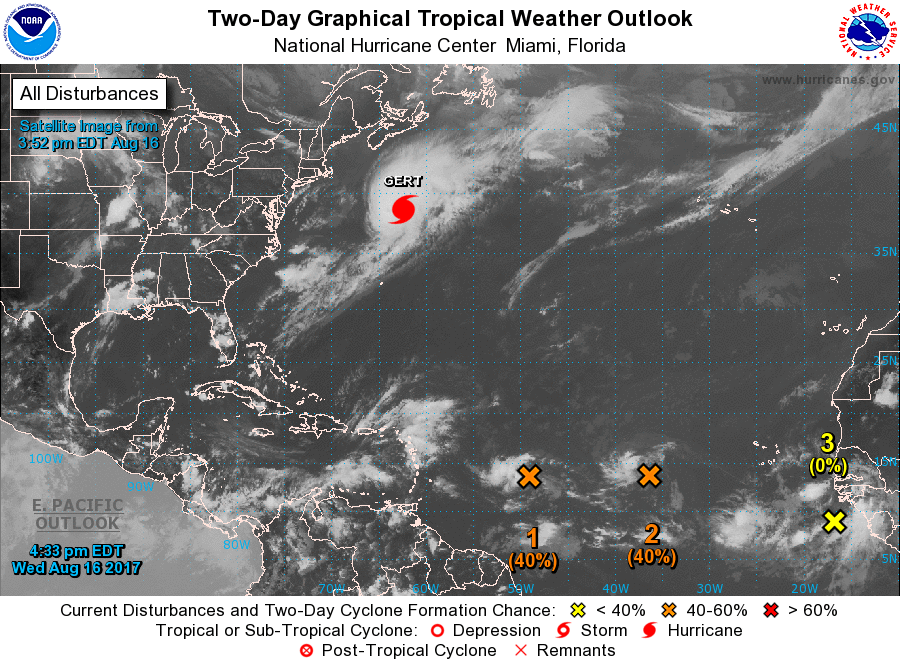
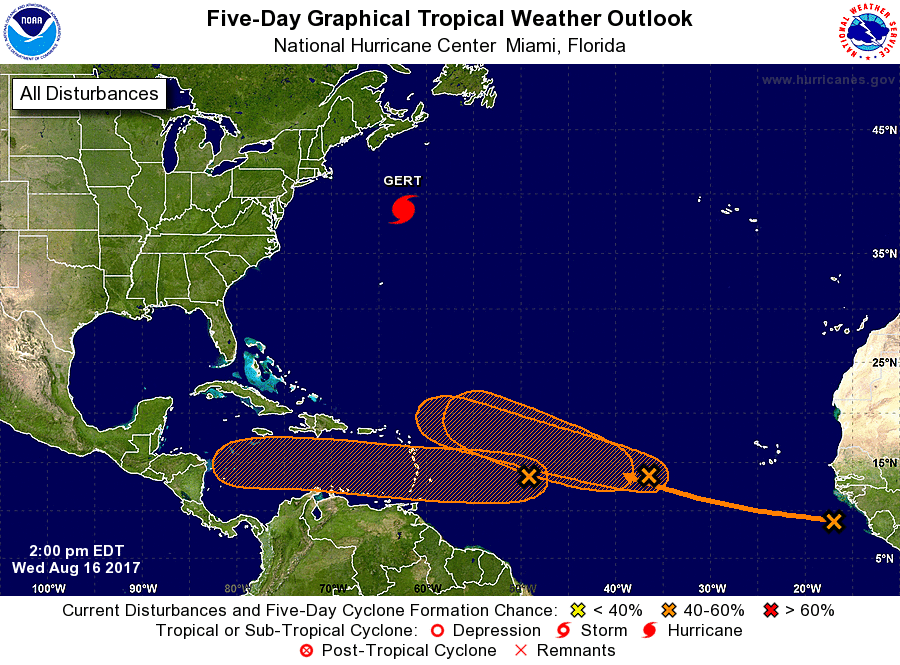
For the North Atlantic...Caribbean Sea and the Gulf of Mexico:

The National Hurricane Center is issuing advisories on Hurricane Gert, located a few hundred miles north of Bermuda.

1. A low pressure system located about 800 miles east of the Lesser Antilles has become a little better defined since yesterday, but most of the associated shower and thunderstorm activity is displaced to the west of the center of circulation. Upper-level winds are forecast to become more conducive for development during the next day or so while the low moves westward at 15 to 20 mph across the tropical Atlantic Ocean, crossing into the Caribbean Sea on Friday. An Air Force Reserve reconnaissance aircraft is scheduled to investigate this system on Thursday, if necessary, and interests in the Lesser Antilles should monitor the progress of the disturbance.
* Formation chance through 48 hours...medium...40 percent.
* Formation chance through 5 days...medium...50 percent.

2. A second area of low pressure is located about 800 miles west of the Cabo Verde Islands, and its associated shower and thunderstorm activity remains disorganized. Gradual development of this system is possible during the next few days while it moves west-northwestward at 15 to 20 mph, but upper-level winds are expected to become less conducive for tropical cyclone formation when the disturbance moves north of the Leeward Islands this weekend.
* Formation chance through 48 hours...medium...40 percent.
* Formation chance through 5 days...medium...50 percent.

3. A tropical wave near the west coast of Africa is producing a large area of disorganized showers and thunderstorms. Environmental conditions appear conducive for gradual development of this wave while it moves westward to west-northwestward at about 15 mph during the next several days.
* Formation chance through 48 hours...low...near 0 percent.
* Formation chance through 5 days...medium...40 percent.

Forecaster Berg